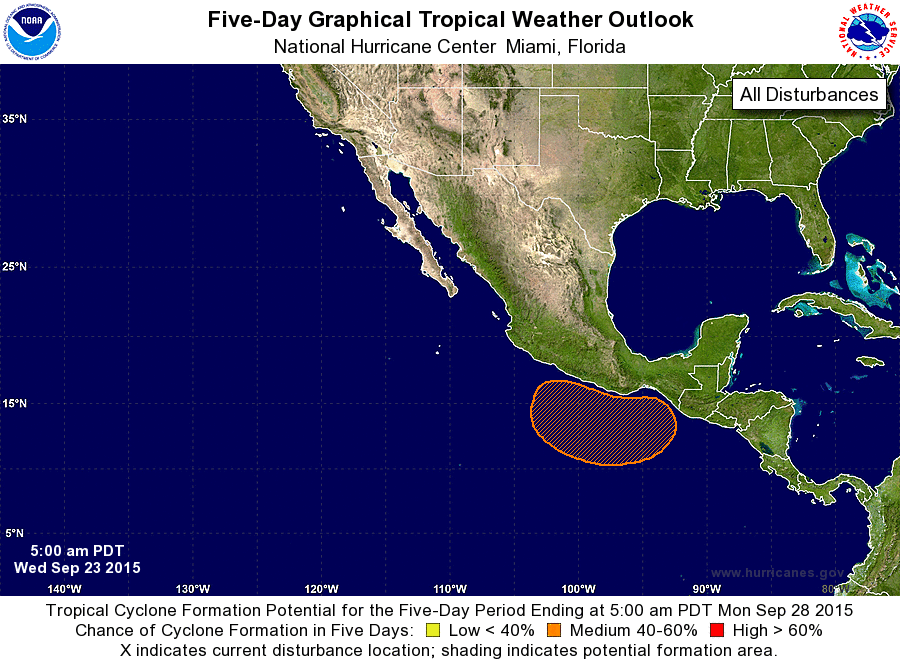
For the eastern North Pacific...east of 140 degrees west longitude:

1. An area of low pressure is expected to form several hundred miles south or southwest of the Gulf of Tehuantepec late this week. Gradual development of this system is forecast, and a tropical depression could form by early next week while the low moves slowly northward or northeastward toward the coast of Mexico.
* Formation chance through 48 hours...low...near 0 percent
* Formation chance through 5 days...medium...50 percent

Forecaster Kimberlain